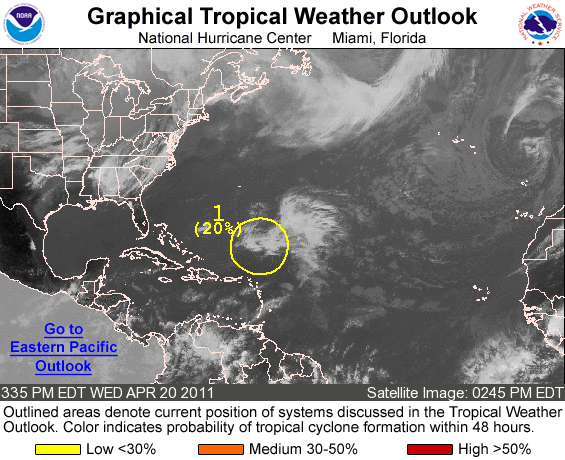
FOR THE NORTH ATLANTIC...CARIBBEAN SEA AND THE GULF OF MEXICO...

1. A LOW PRESSURE AREA LOCATED ABOUT 460 MILES NORTHEAST OF SAN JUAN PUERTO RICO HAS DEVELOPED SOME SHOWER AND THUNDERSTORM ACTIVITY NEAR ITS CENTER. IN ADDITION...SATELLITE DATA AND SHIP REPORTS INDICATE GALE-FORCE WINDS ARE OCCURRING NORTH OF THE CENTER. SLOW DEVELOPMENT OF THIS SYSTEM IS POSSIBLE DURING THE COUPLE OF DAYS AS IT MOVES WEST-NORTHWESTWARD AT ABOUT 10 MPH. THERE IS A LOW CHANCE...20 PERCENT...OF THIS SYSTEM DEVELOPING INTO A SUBTROPICAL OR TROPICAL CYCLONE BEFORE CONDITIONS BECOME LESS FAVORABLE IN ABOUT 48 HOURS.

ADDITIONAL INFORMATION ON THIS LOW CAN BE FOUND IN HIGH SEAS FORECASTS ISSUED BY THE NHC/TROPICAL ANALYSIS AND FORECAST BRANCH...UNDER AWIPS HEADER NFDHSFAT2 AND WMO HEADER FZNT02 KNHC. ANOTHER SPECIAL OUTLOOK WILL BE ISSUED ON THURSDAY... OR SOONER IF NECESSARY.

ELSEWHERE...TROPICAL CYCLONE FORMATION IS NOT EXPECTED DURING THE NEXT 48 HOURS.

FORECASTER BEVEN